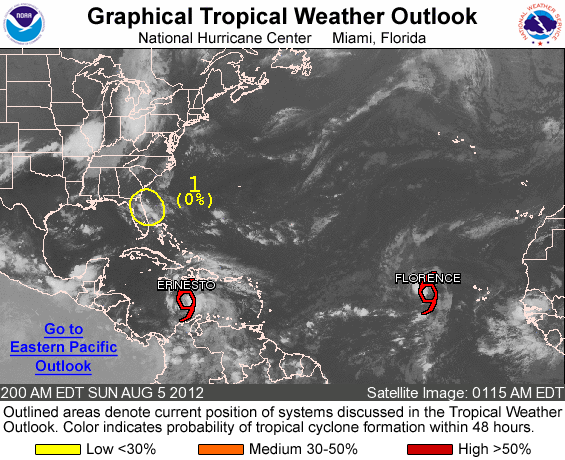
FOR THE NORTH ATLANTIC...CARIBBEAN SEA AND THE GULF OF MEXICO...

THE NATIONAL HURRICANE CENTER IS ISSUING ADVISORIES ON TROPICAL STORM ERNESTO LOCATED OVER THE SOUTH-CENTRAL CARIBBEAN SEA ABOUT 265 MILES SOUTH-SOUTHWEST OF PORT AU PRINCE HAITI...AND ON TROPICAL STORM FLORENCE LOCATED OVER THE EASTERN ATLANTIC OCEAN ABOUT 600 MILES WEST OF THE CAPE VERDE ISLANDS.

1. A TROUGH OF LOW PRESSURE LOCATED INLAND OVER NORTHERN FLORIDA CONTINUES TO PRODUCE DISORGANIZED SHOWERS AND THUNDERSTORMS EXTENDING FROM NORTHEASTERN FLORIDA EASTWARD FOR A COUPLE HUNDRED MILES. DEVELOPMENT OF THIS SYSTEM IS NOT EXPECTED AS IT IS ANTICIPATED TO MOVE FARTHER INLAND ACROSS NORTHERN FLORIDA OVER THE NEXT DAY OR SO. THIS SYSTEM HAS A LOW CHANCE...NEAR 0 PERCENT...OF BECOMING A TROPICAL CYCLONE DURING THE NEXT 48 HOURS. LOCALLY HEAVY RAIN AND GUSTY WINDS ARE POSSIBLE ACROSS PORTIONS OF THE FLORIDA PENINSULA TODAY.

ELSEWHERE...TROPICAL CYCLONE FORMATION IS NOT EXPECTED DURING THE NEXT 48 HOURS.

FORECASTER CANGIALOSI